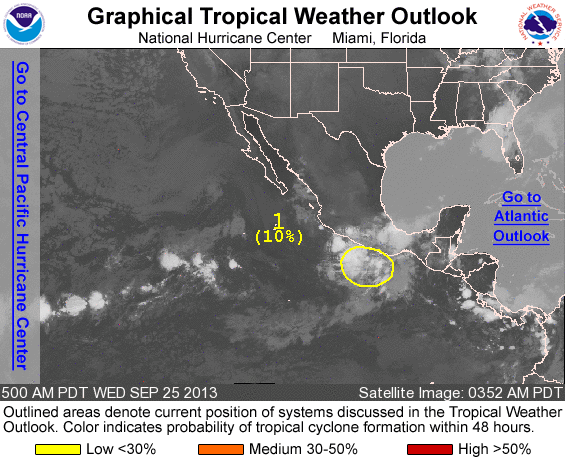
FOR THE EASTERN NORTH PACIFIC...EAST OF 140 DEGREES WEST LONGITUDE..

1. A WEAK AREA OF LOW PRESSURE LOCATED NEAR THE COAST OF SOUTH-CENTRAL MEXICO IS MOVING WEST-NORTHWESTWARD AROUND 10 MPH. SHOWER ACTIVITY ASSOCIATED WITH THE LOW REMAINS DISORGANIZED...AND DEVELOPMENT IS NOT LIKELY DURING THE NEXT COUPLE OF DAYS DUE TO ITS PROXIMITY TO LAND. WHEN THE LOW MOVES AWAY FROM THE COAST OF MEXICO LATE THIS WEEK...ENVIRONMENTAL CONDITIONS ARE EXPECTED TO BE GENERALLY FAVORABLE FOR DEVELOPMENT. THIS SYSTEM HAS A LOW CHANCE...10 PERCENT...OF BECOMING A TROPICAL CYCLONE DURING THE NEXT 48 HOURS AND A HIGH CHANCE...60 PERCENT...OF BECOMING A TROPICAL CYCLONE DURING THE NEXT 5 DAYS. REGARDLESS OF DEVELOPMENT...LOCALLY HEAVY RAINS ARE POSSIBLE OVER PORTIONS OF SOUTHERN AND SOUTHWESTERN MEXICO DURING THE NEXT FEW DAYS.

FIVE-DAY FORMATION PROBABILITIES ARE EXPERIMENTAL IN 2013. COMMENTS ON THE EXPERIMENTAL FORECASTS CAN BE PROVIDED AT...

HTTP://WWW.NWS.NOAA.GOV/SURVEY/NWS-SURVEY.PHP?CODE=ETWO

FORECASTER KIMBERLAIN